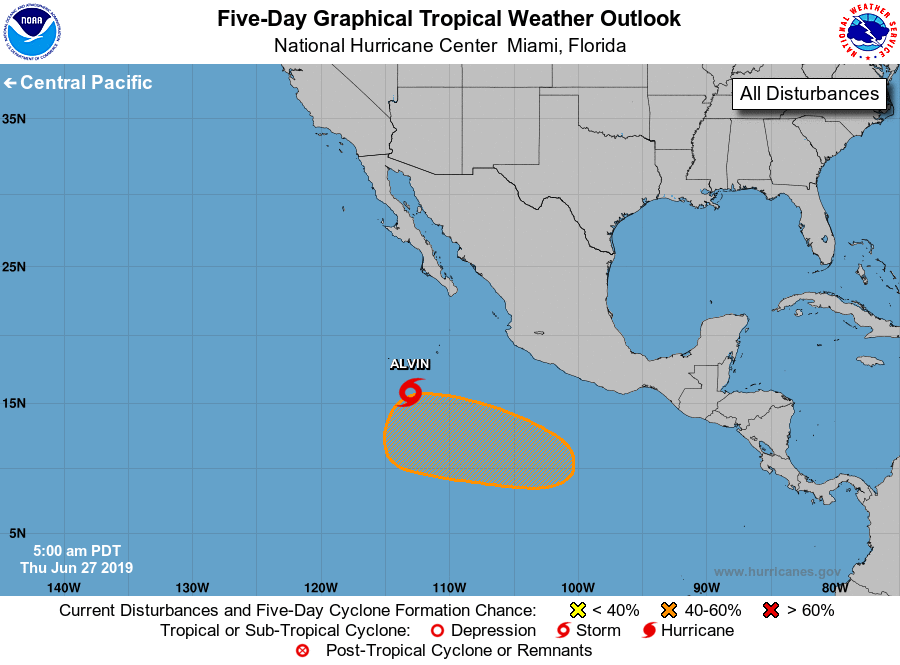
For the eastern North Pacific...east of 140 degrees west longitude:

The National Hurricane Center is issuing advisories on Tropical Storm Alvin, located several hundred miles south of the southern tip of the Baja California peninsula.

1. An area of low pressure is expected to develop in a few days several hundred miles southwest of the southern coast of Mexico. Some slow development of this system is possible thereafter and a tropical depression could develop by late this weekend or early next week while it moves westward to west-northwestward.
* Formation chance through 48 hours...low...near 0 percent.
* Formation chance through 5 days...medium...40 percent.

Forecaster Zelinsky